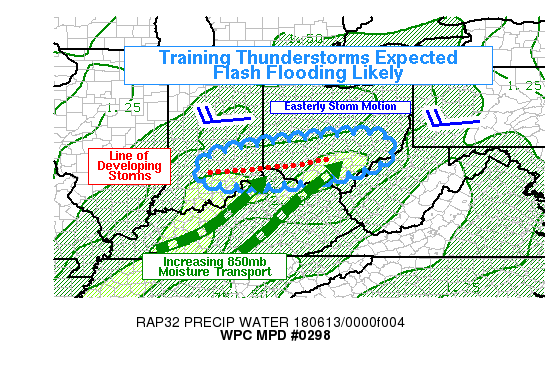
AREAS AFFECTED...SE INDIANA...SRN OHIO...FAR NRN KENTUCKY

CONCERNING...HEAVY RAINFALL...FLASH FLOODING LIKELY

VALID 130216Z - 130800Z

SUMMARY...THUNDERSTORMS WERE DEVELOPING IN A WEST-EAST AXIS FROM
SOUTHERN INDIANA INTO SOUTHERN OHIO AS OF 10 PM EDT. THESE STORMS
MAY BEGIN TO REPEATEDLY AFFECT THE SAME AREAS AND PRODUCE HEAVY
RAINFALL. RAIN RATES TO AROUND 2 IN/HR AND LOCALIZED TOTALS IN
EXCESS OF 3 INCHES WILL BE POSSIBLE.

DISCUSSION...REGIONAL RADARS AND GOES-16 IR SATELLITE IMAGERY SHOW
A BAND OF CONVECTION DEVELOPING AS OF 02Z FROM ROUGHLY BMG TO CVG
TO RZT. THE CONVECTION WAS ORIENTED NEARLY PARALLEL TO THE
OBSERVED STORM MOTIONS (EASTERLY) WHICH SHOULD ENABLE TRAINING OF
THUNDERSTORMS OVER THE NEXT SEVERAL HOURS. THIS ACTIVITY IS LIKELY
TO BECOME FOCUSED ALONG THE NOSE OF AN INCREASING LOW-LEVEL JET.
INSTABILITY ACROSS THE REGION IS RELATIVELY WEAK WITH MUCAPE
VALUES ONLY AROUND 200-800 J/KG OVER MUCH OF THE OUTLINED AREA.
HOWEVER...THIS SHOULD BE COMPENSATED BY DEEP MOISTURE. THE 00Z ILN
SOUNDING SHOWED PRECIPITABLE WATER VALUE OF AROUND 1.8 INCHES AND
THIS WAS SUPPORTED BY NEARBY GPS-PW OBSERVATIONS. THESE VALUES ARE
EASILY ABOVE THE 90TH PERCENTILE FOR JUNE IN THIS REGION...AND
NEAR THE DAILY RECORD LEVEL FOR THE ILN SOUNDING CLIMATOLOGY. WITH
THE DEEP MOISTURE AND MOST OF THE POSITIVELY BUOYANT REGION ON THE
SOUNDINGS BELOW THE MELTING LAYER...STORMS ARE GENERALLY EXPECTED
TO BE EFFICIENT RAINFALL PRODUCERS.

GIVEN THE POTENTIAL FOR TRAINING AND THE OVERALL
ENVIRONMENT...RAIN RATES OF 2+ IN/HR SEEM ACHIEVABLE WHERE
STRONGER CONVECTION MANAGES TO TRAIN OR PERSIST FOR SUFFICIENT
DURATION. THIS MAY ALSO LEAD TO SMALL SWATHS OF RAIN TOTALS IN
EXCESS OF 3 OR 4 INCHES...AND FLASH FLOODING. 3-HR FFG ACROSS THE
AREA IS MOSTLY IN THE 1.5 TO 2.0 INCH RANGE...WHICH SHOULD BE
EASILY REACHED IN THE STRONGER TRAINING CONVECTION.
THEREFORE...FLASH FLOODING APPEARS LIKELY IN AT LEAST SOME
PORTIONS OF THE OUTLINED AREA...AND THE AREA OF GREATEST CONCERN
WOULD BE FROM SOUTHEAST INDIANA INTO THE CINCINNATI METRO AREA
WHERE ONGOING STORMS HAVE ALREADY BEEN OBSERVED...AND IS FURTHER
WEST TOWARD GREATER INSTABILITY.